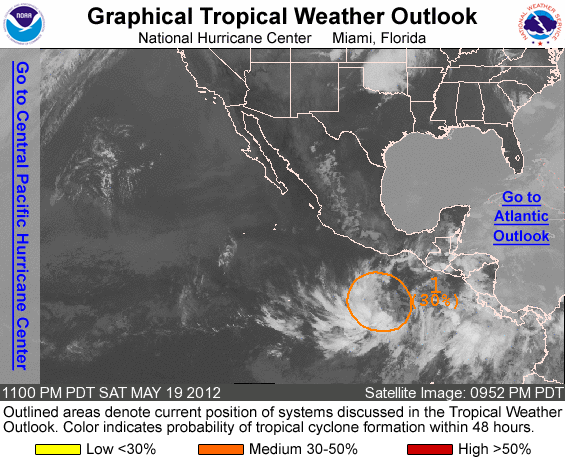
FOR THE EASTERN NORTH PACIFIC...EAST OF 140 DEGREES WEST LONGITUDE..

1. SHOWER AND THUNDERSTORM ACTIVITY LOCATED SEVERAL HUNDRED MILES SOUTH OF ACAPULCO IS SHOWING SOME SIGNS OF ORGANIZATION...BUT WITHOUT ANY WELL-DEFINED SURFACE CIRCULATION. CONDITIONS APPEAR FAVORABLE FOR GRADUAL DEVELOPMENT OF THIS SYSTEM OVER THE NEXT COUPLE OF DAYS AS IT REMAINS NEARLY STATIONARY. THIS SYSTEM HAS A MEDIUM CHANCE...30 PERCENT...OF BECOMING A TROPICAL CYCLONE DURING THE NEXT 48 HOURS.

ELSEWHERE...TROPICAL CYCLONE FORMATION IS NOT EXPECTED DURING THE NEXT 48 HOURS.

FORECASTER BROWN